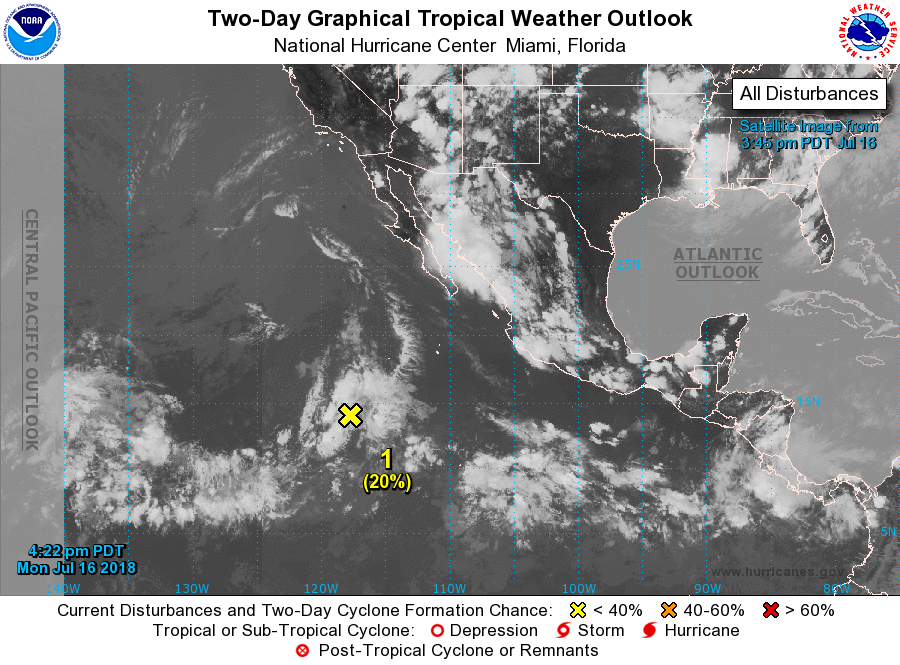
For the eastern North Pacific...east of 140 degrees west longitude:

1. Disorganized shower and thunderstorm activity associated with a tropical wave located several hundred miles southwest of the southern tip of the Baja California Peninsula has changed today. Upper-level winds are forecast to become less conducive for development over the next few days while the system moves westward to west-northwestward.
* Formation chance through 48 hours...low...20 percent.
* Formation chance through 5 days...low...20 percent.

Forecaster Blake